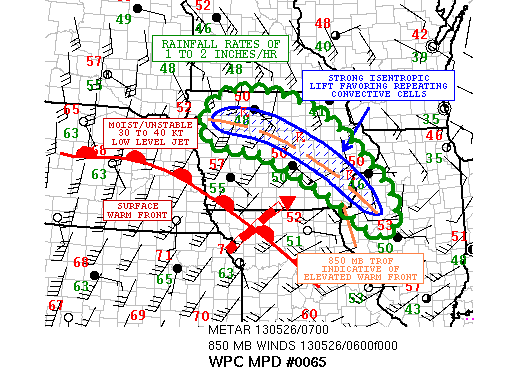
AREAS AFFECTED...NORTHWEST THROUGH EASTERN IA...WESTERN IL

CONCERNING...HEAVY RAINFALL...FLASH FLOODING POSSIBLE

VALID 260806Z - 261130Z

SUMMARY...SOME SLOW INCREASE IN REPEATING AND LOCALIZED TRAINING
OF CONVECTIVE CELLS IS EXPECTED OVER THE NEXT COUPLE OF HOURS.

DISCUSSION...LATEST IR SAT IMAGERY SHOWS A NW/SE ORIENTED BAND OF
ELEVATED CONVECTION WHICH HAS BEEN ATTEMPTING TO ATTAIN A BIT MORE
ORGANIZATION THE LAST COUPLE OF HOURS. LATEST SAT/RADAR TRENDS
SHOW A GRADUAL INCREASE IN THE DEGREE OF REPEATING CONVECTIVE
CELLS OVER CNTRL IA...AND THIS APPEARS TO BE ASSOCD WITH AN
INCREASE IN THE SWLY LOW LEVEL JET OVER THIS AREA WITH THE FLOW
REACHING 30 TO 40 KTS. A POOL OF HIGHER PWATS ON THE ORDER OF 1.5
INCHES AS PER LATEST RAP ANALYSIS IS SEEN POOLED OVER SRN IA AND
NRN MO...AND THE INCREASE IN LOW LEVEL JET ENERGY SHOULD ALLOW
SOME OF THIS DEEPER MOISTURE TO OVERRUN THE SURFACE WARM FRONT
OVER THE N CNTRL PLAINS AND IN PARTICULAR INTERACT WITH A
WELL-DEFINED 850 MB TROF/ELEVATED WARM FRONT OVER CNTRL/SERN IA
WHERE MUCH OF THE ONGOING CONVECTION IS ROOTED. SUSTAINABLE
ISENTROPIC LIFT COUPLED WITH A FAVORABLE THERMODYNAMIC ENVIRONMENT
FOR ELEVATED CONVECTION THE NEXT FEW HOURS WILL SUPPORT A NW/SE
ORIENTED AXIS OF HEAVY SHOWERS AND THUNDERSTORMS WITH A LIKELIHOOD
FOR REPEATING CONVECTIVE CELLS AND LOCALIZED AREAS OF TRAINING.
ALSO OF NOTE...WILL BE THE MORE ORGANIZED MCS ACTIVITY OVER NWRN
IA ATTM...WHICH IS LIKELY TO PROPAGATE SEWD INVOF THE ELEVATED
BOUNDARY. THEREFORE...EXPECTING A THREAT FOR FLASH FLOODING ACROSS
THE REGION. WILL CONTINUE TO MONITOR.